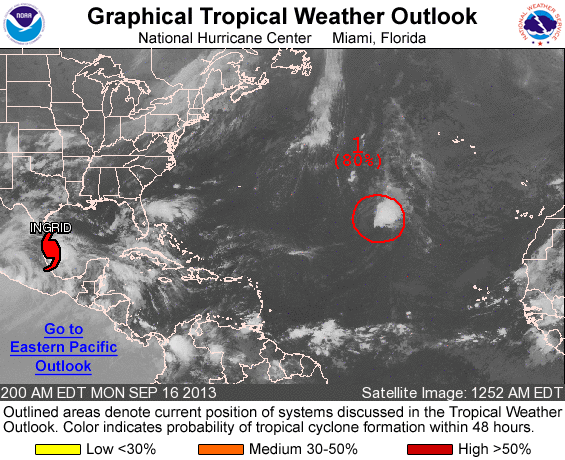
FOR THE NORTH ATLANTIC...CARIBBEAN SEA AND THE GULF OF MEXICO...

THE NATIONAL HURRICANE CENTER IS ISSUING ADVISORIES ON HURRICANE INGRID...LOCATED OVER THE SOUTHWESTERN GULF OF MEXICO.

1. POST-TROPICAL CYCLONE HUMBERTO IS LOCATED ABOUT 1100 MILES SOUTHWEST OF THE AZORES ISLANDS AND IS MOVING NORTHWESTWARD AT 10 TO 15 MPH. SHOWER AND THUNDERSTORM ACTIVITY ASSOCIATED WITH THIS SYSTEM HAS CHANGED LITTLE OVER THE PAST SEVERAL HOURS...BUT ENVIRONMENTAL CONDITIONS ARE EXPECTED TO BECOME MORE FAVORABLE FOR REGENERATION INTO A TROPICAL CYCLONE OVER THE NEXT DAY OR SO. THIS SYSTEM HAS A HIGH CHANCE...80 PERCENT...OF BECOMING A TROPICAL CYCLONE AGAIN DURING THE NEXT 48 HOURS...AND A HIGH CHANCE...90 PERCENT...OF BECOMING A TROPICAL CYCLONE DURING THE NEXT FIVE DAYS AS IT TURNS NORTHWARD AND NORTHEASTWARD OVER THE OPEN ATLANTIC. ADDITIONAL INFORMATION ON THE POST-TROPICAL CYCLONE CAN BE FOUND IN HIGH SEAS FORECASTS ISSUED BY THE NATIONAL WEATHER SERVICE.

OTHER SYSTEMS WITH FORMATION POTENTIAL BEYOND 48 HOURS...

AN AREA OF DISTURBED WEATHER IS LOCATED OVER THE NORTHWESTERN CARIBBEAN SEA. THIS DISTURBANCE IS EXPECTED TO MOVE GENERALLY WESTWARD ACROSS THE YUCATAN PENINSULA AND INTO THE SOUTHWESTERN GULF OF MEXICO OVER THE NEXT FEW DAYS...WHERE A BROAD AREA OF LOW PRESSURE COULD FORM BY THE END OF THE WEEK. ENVIRONMENTAL CONDITIONS ARE FORECAST TO BE CONDUCIVE FOR SOME DEVELOPMENT OF THIS LOW...AND THIS SYSTEM HAS A LOW CHANCE...NEAR 0 PERCENT...OF BECOMING A TROPICAL CYCLONE DURING THE NEXT 48 HOURS...AND A LOW CHANCE...20 PERCENT...OF BECOMING A TROPICAL CYCLONE DURING THE NEXT 5 DAYS.

HIGH SEAS FORECASTS ISSUED BY THE NATIONAL WEATHER SERVICE CAN BE FOUND UNDER AWIPS HEADER NFDHSFAT1 AND WMO HEADER FZNT01 KWBC.

FIVE-DAY FORMATION PROBABILITIES ARE EXPERIMENTAL IN 2013. COMMENTS ON THE EXPERIMENTAL FORECASTS CAN BE PROVIDED AT...

HTTP://WWW.NWS.NOAA.GOV/SURVEY/NWS-SURVEY.PHP?CODE=ETWO

FORECASTER PASCH